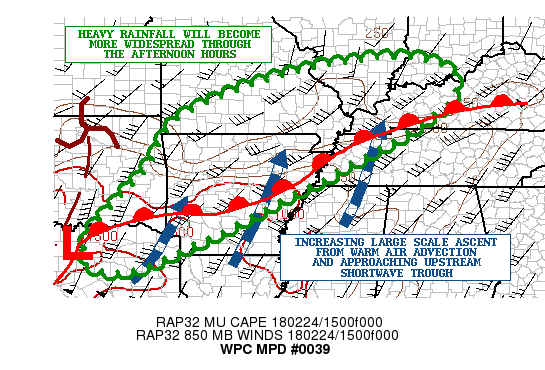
AREAS AFFECTED...NORTHEAST TX...EASTERN OK...CENTRAL/NORTHERN
AR...SOUTHERN MO...NORTHWEST TN...SOUTHERN IL...SOUTHWEST
IN...WESTERN KY

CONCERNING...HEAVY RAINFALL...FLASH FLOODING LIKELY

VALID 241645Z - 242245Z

SUMMARY...SHOWERS AND THUNDERSTORMS WILL CONTINUE TO EXPAND IN
COVERAGE OVER THE NEXT SEVERAL HOURS AND PROMOTE MORE CONCENTRATED
AREAS OF HEAVY RAINFALL. FLASH FLOODING IS LIKELY CONSIDERING THE
SATURATED SOIL CONDITIONS.

DISCUSSION...THE LATEST MRMS RADAR IMAGERY IS SHOWING A BROAD AND
EXPANDING AREA OF HEAVY SHOWERS AND THUNDERSTORMS ACROSS AREAS OF
NORTH-CENTRAL TO NORTHEAST TX AND EXTENDING UP ACROSS EASTERN OK
AND INTO WESTERN AR. THE CONVECTION CONTINUES TO BE AIDED BY THE
NOSE OF A 40 TO 50 KT SOUTHWEST LOW LEVEL JET WHICH IS FOSTERING
ROBUST WARM AIR ADVECTION AND ENHANCED MOISTURE TRANSPORT AHEAD OF
A LEAD SHORTWAVE TROUGH OVER EASTERN OK...AND ALSO A MUCH STRONGER
LARGE SCALE TROUGH NOW ENTERING THE CENTRAL/SOUTHERN HIGH PLAINS.

THE MOISTURE TRANSPORT IS RATHER IMPRESSIVE AS SEEN IN BLENDED-TPW
AND CIRA-LPW DATA SETS WHICH DEPICT A DEEPER LAYER CONNECTION FROM
THE EASTERN TROPICAL PACIFIC AND UP ACROSS MEXICO AND THE BROADER
SOUTHERN PLAINS AND LOWER MS VALLEY REGION. THE STRONGER LOW TO
MID LEVEL SOUTHWEST FLOW AHEAD OF THE UPSTREAM HEIGHT FALLS
CONTINUES TO OVERRUN A STABLE BOUNDARY LAYER FOCUSED NORTH OF WARM
FRONT ATTEMPTING TO LIFT UP ACROSS THE LOWER MS VALLEY. THERE IS A
LARGE AREA OF ELEVATED INSTABILITY WITH 500 TO 1000 J/KG OF MUCAPE
NOTED NORTH OF THE WARM FRONT OVER THE LOWER MS VALLEY AND BACK
TOWARD THE RED RIVER VALLEY. THIS HAS BEEN FACILITATING STRONGER
CONVECTIVE ORGANIZATION AND EXPANSION AND THE GOES-16 1-MINUTE IR
SATELLITE IMAGERY HAS BEEN OCCASIONALLY SHOWING A FEW OVERSHOOTING
TOP...MAINLY OVER SOUTH-CENTRAL TO SOUTHEAST OK WHICH HAS BEEN
ENHANCING RAINFALL RATES TO OVER 1 INCH/HR RECENTLY.

THE 12Z CAM GUIDANCE COLLECTIVELY AGREES IN A STRONG SURGE OF WARM
AIR/MOISTURE ADVECTION LIFTING UP ACROSS THE LOWER MS AND LOWER OH
VALLEYS THROUGH MID-AFTERNOON WITH A RATHER STRONG LOW LEVEL JET.
THIS COUPLED WITH STRONGER LOW LEVEL CONVERGENCE NEAR THE
FRONT...UPPER LEVEL DIVERGENCE AHEAD OF THE MAIN UPSTREAM
TROUGH...AND INCREASING INSTABILITY/SHEAR PROFILES...SHOULD DRIVE
A SW/NE EXPANSION OF CONVECTION WITH INCREASINGLY CONCENTRATED
AREAS OF HEAVY RAINFALL OVER THE NEXT SEVERAL HOURS.

RAINFALL RATES OF UP TO 2 INCHES/HR WILL BE POSSIBLE GIVEN THE
STRONGER CONVECTIVE ORGANIZATION...EFFICIENT MOISTURE TRANSPORT
AND INSTABILITY. THIS COUPLED WITH AT LEAST A PERIODICALLY
FAVORABLE CELL-TRAINING ENVIRONMENT OWING TO NEAR UNIDIRECTIONAL
LOW/MID LEVEL FLOW WILL FAVOR SOME ENHANCED RAINFALL TOTALS OF AS
MUCH AS 2 TO 4 INCHES THROUGH LATE-AFTERNOON WITH ISOLATED HEAVIER
AMOUNTS NOT OUT OF THE QUESTION.

GIVEN THE VERY WET ANTECEDENT CONDITIONS...THE EXPECTATION IS THAT
THESE RAINFALL AMOUNTS WILL BE CAPABLE OF PRODUCING ENHANCED AND
POTENTIALLY SIGNIFICANT RUNOFF PROBLEMS AND FLASH FLOODING. WILL
CONTINUE TO MONITOR WITH ADDITIONAL MPDS LIKELY NEEDED LATER TODAY
AND THIS EVENING.